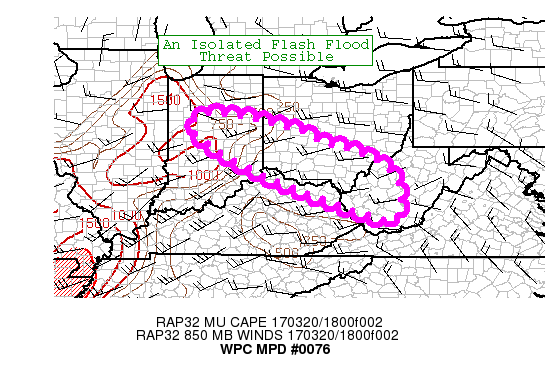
AREAS AFFECTED...IN...KY...OH...WV

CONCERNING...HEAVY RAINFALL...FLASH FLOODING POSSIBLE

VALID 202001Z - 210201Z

SUMMARY...ELEVATED CONVECTION CONTINUES TO EXPAND THIS AFTERNOON
ACROSS CENTRAL IN AND MAY POSE AN ISOLATED FLASH FLOOD RISK AS THE
THUNDERSTORM COMPLEX MOVES SOUTHEASTWARD INTO THIS EVENING.

DISCUSSION...THE COMBINATION OF VERY STEEP MID LEVEL LAPSE RATES
AND INCREASING LOW LEVEL MOISTURE TRANSPORT IS COMBINING TO
PRODUCE A VERY FAVORABLE ENVIRONMENT FOR ELEVATED CONVECTION THIS
AFTERNOON ACROSS CENTRAL IN. MODEL SOUNDINGS SHOW THAT THIS
ACTIVITY IS LIKELY ROOTED AROUND 800 MB...WITH THE RAP ALSO
SHOWING AN INCREASE IN MOISTURE TRANSPORT/CONVERGENCE AT THIS
LEVEL. MOISTURE TRANSPORT/CONVERGENCE AT THIS LEVEL IS EXPECTED TO
MAINTAIN IN INTENSITY...OR EVEN SLIGHTLY INCREASE...SHIFTING
SOUTHEASTWARD WITH TIME. WESTERLY MID LEVEL FLOW WILL ALSO LIKELY
CONTINUE TO ADVECT STEEP MID LEVEL LAPSE RATES SOUTHEASTWARD. THUS
WOULD EXPECT THIS CONVECTIVE COMPLEX TO MAINTAIN ITSELF AS IT
MOVES SOUTHEAST ACROSS SOUTEHRN OHIO AND INTO PORTIONS OF SOUTHERN
WV. THEREAFTER WOULD EXPECT TO SEE WEAKENING AS THE ACTIVITY MOVES
INTO VA AND AWAY FROM THE STEEPER LAPSE RATES AND BETTER ELEVATED
INSTABILITY.

INDIVIDUAL CELL MOTION CONTINUES TO BE PRETTY PROGRESSIVE. HOWEVER
CELL MOTIONS ARE EXHIBITING A LARGE COMPONENT PARALLEL TO THE 800
MB MOISTURE CONVERGENCE AXIS...WHICH IS ALLOWING FOR SOME
NORTHWEST TO SOUTHEAST TRAINING TO OCCUR. THIS SHOULD ALLOW FOR
POCKETS OF RAINFALL TOTALS APPROACHING 1-1.5" IN AN HOUR...WHICH
MAY BEGIN TO LOCALLY EXCEED THE RELATIVELY LOW FLASH FLOOD
GUIDANCE OVER PORTIONS OF THE AREA. OVERALL THIS IS NOT AN IDEAL
BACKBUILDING SETUP...AND THE CONVECTIVE COMPLEX IS PROGRESSIVE AS
A WHOLE. THUS CURRENTLY NOT ANTICIPATING SIGNIFICANT FLASH FLOOD
ISSUES...HOWEVER THE LOW FFG AND MARGINAL TRAINING SETUP DOES OPEN
UP THE POTENTIAL FOR A FEW FLASH FLOOD ISSUES AS WE HEAD THROUGH
THE AFTERNOON HOURS.